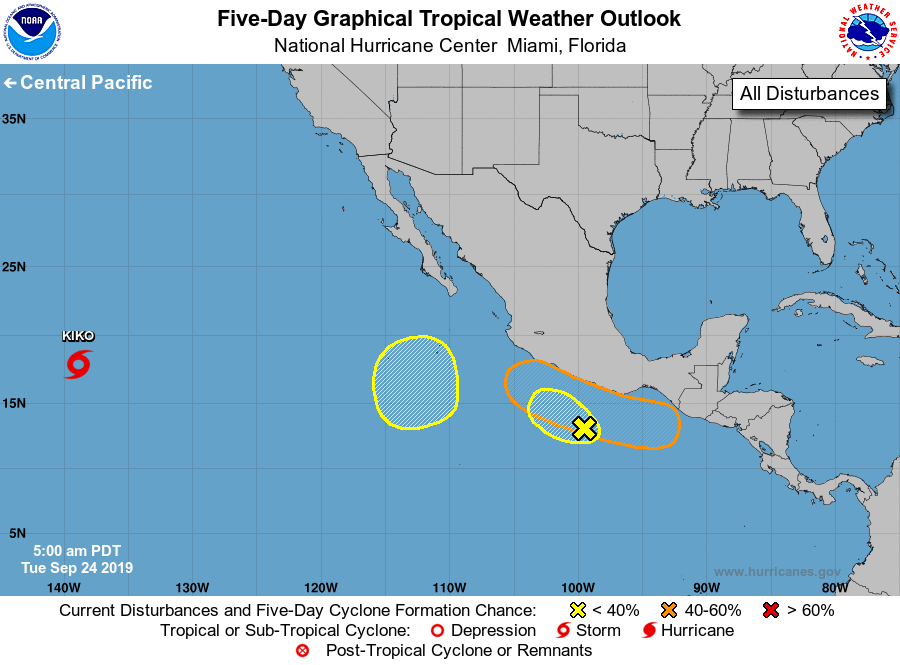
For the eastern North Pacific...east of 140 degrees west longitude:

The National Hurricane Center is issuing advisories on Tropical Storm Kiko, located over the far southwestern part of the basin.

1. A weak area of low pressure located a few hundred miles south of the southwestern coast of Mexico is producing disorganized showers and thunderstorms. Upper-level winds are forecast to be too strong for significant development while it moves little, and this system is expected to merge with a larger system to the east in a few days.
* Formation chance through 48 hours...low...10 percent.
* Formation chance through 5 days...low...10 percent.

2. An area of low pressure is expected to form south of the southern coast of Mexico late this week where environmental conditions appear conducive for subsequent development. A tropical depression could form over the weekend while the system moves near the southern or the southwestern coast of Mexico.
* Formation chance through 48 hours...low...near 0 percent.
* Formation chance through 5 days...medium...50 percent.

3. Another area of low pressure could form several hundred miles south-southwest of southern tip of the Baja California peninsula in a couple of days. Some development is possible later this week while the system moves erratically northward or northeastward, several hundred miles southwest of the southwestern coast of Mexico.
* Formation chance through 48 hours...low...near 0 percent.
* Formation chance through 5 days...low...20 percent.

Forecaster Beven